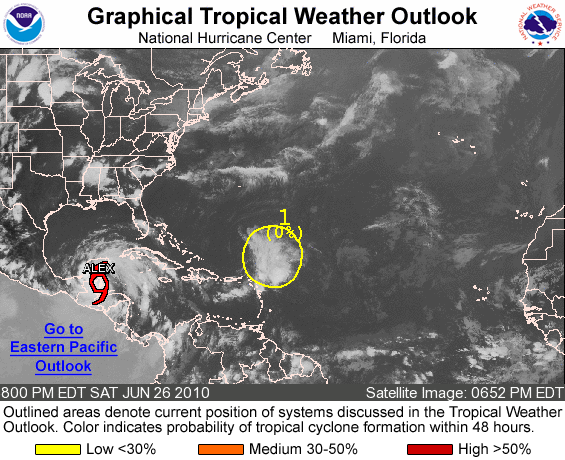
FOR THE NORTH ATLANTIC...CARIBBEAN SEA AND THE GULF OF MEXICO...

THE NATIONAL HURRICANE CENTER IS ISSUING ADVISORIES ON TROPICAL STORM ALEX...LOCATED 15 MILES SOUTHEAST OF BELIZE CITY.

1. DISORGANIZED CLOUDINESS AND SHOWERS EXTENDING FROM THE NORTHERN LEEWARD ISLANDS NORTHEASTWARD INTO THE ATLANTIC FOR SEVERAL HUNDRED MILES ARE ASSOCIATED WITH A TROPICAL WAVE INTERACTING WITH AN UPPER-LEVEL TROUGH. CONDITIONS ARE EXPECTED TO REMAIN UNFAVORABLE FOR TROPICAL CYCLONE FORMATION AS THIS SYSTEM MOVES TOWARD THE NORTH-NORTHWEST AT 10 TO 15 MPH. THERE IS A LOW CHANCE...NEAR 0 PERCENT...OF THIS SYSTEM BECOMING A TROPICAL CYCLONE DURING THE NEXT 48 HOURS.

ELSEWHERE...TROPICAL CYCLONE FORMATION IS NOT EXPECTED DURING THE NEXT 48 HOURS.

FORECASTER BRENNAN